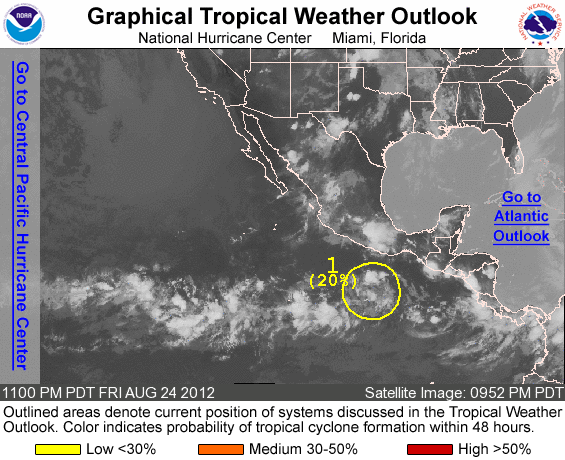
FOR THE EASTERN NORTH PACIFIC...EAST OF 140 DEGREES WEST LONGITUDE..

1. SHOWERS AND THUNDERSTORMS ASSOCIATED WITH A BROAD AREA OF LOW PRESSURE APPROXIMATELY 400 MILES SOUTH-SOUTHWEST OF THE GULF OF TEHUANTEPEC HAS SEEN LITTLE CHANGE IN ORGANIZATION. ENVIRONMENTAL CONDITIONS COULD BECOME MORE CONDUCIVE FOR DEVELOPMENT DURING THE NEXT COUPLE OF DAYS AS THE SYSTEM MOVES WESTWARD AT ABOUT 10 MPH. THIS SYSTEM HAS A LOW CHANCE...20 PERCENT...OF BECOMING A TROPICAL CYCLONE DURING THE NEXT 48 HOURS.

ELSEWHERE...TROPICAL CYCLONE FORMATION IS NOT EXPECTED DURING THE NEXT 48 HOURS.

FORECASTER SCHAUER/ROBERTS